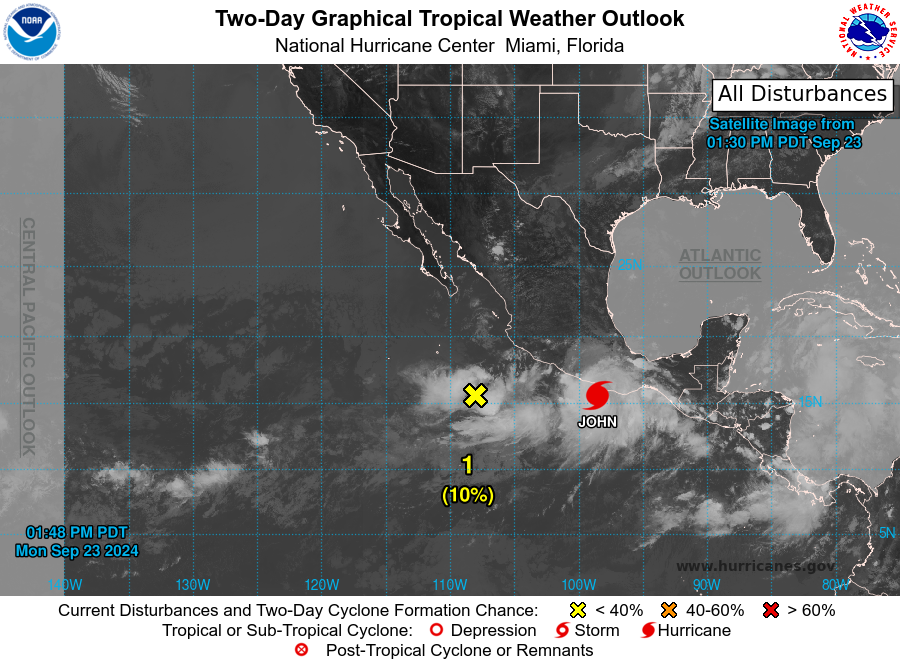
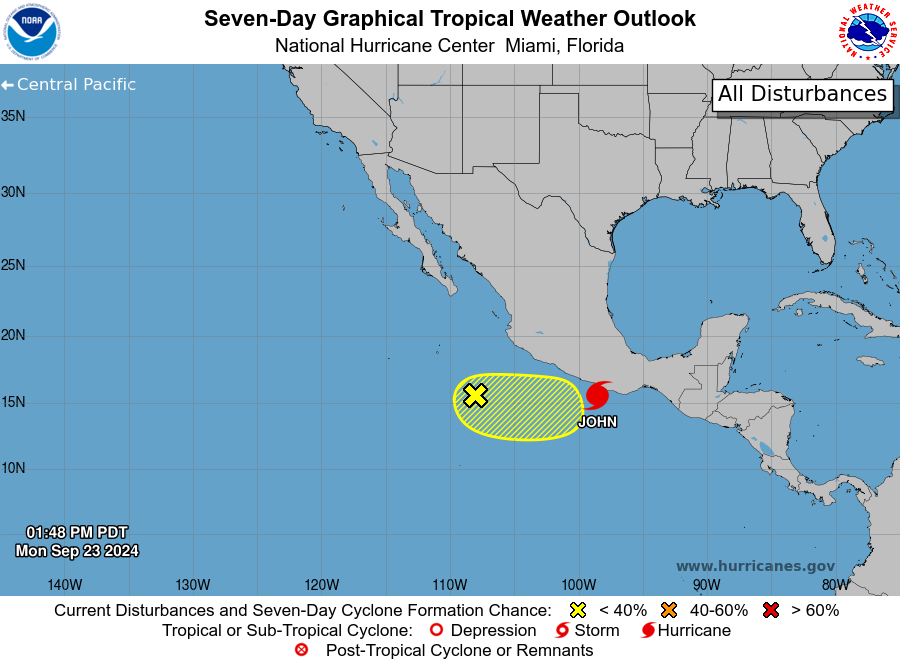
For the eastern North Pacific...east of 140 degrees west longitude:

Active Systems: The National Hurricane Center is issuing advisories on recently upgraded Hurricane John, located just south of southern Mexico.

1. East-Central Portion of the East Pacific: A trough of low pressure located several hundred miles southwest of southwestern Mexico is producing limited shower and thunderstorm activity. Environmental conditions only appear marginally favorable for gradual development of this system while it moves slowly eastward to the south of the coast of Mexico through the middle of this week.
* Formation chance through 48 hours...low...10 percent.
* Formation chance through 7 days...low...10 percent.

Public Advisories on Hurricane John are issued under WMO header WTPZ35 KNHC and under AWIPS header MIATCPEP5. Forecast/Advisories on Hurricane John are issued under WMO header WTPZ25 KNHC and under AWIPS header MIATCMEP5.

Forecaster Hagen